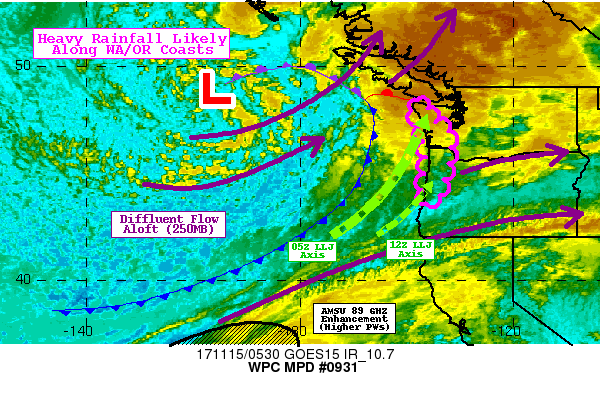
AREAS AFFECTED...COASTAL RANGES OF WASHINGTON AND OREGON

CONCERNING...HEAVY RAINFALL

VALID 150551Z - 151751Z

SUMMARY...AN ENHANCED JET OF SOUTHWESTERLY LOW-MID LEVEL FLOW WILL
BEGIN TO SLOWLY DROP SOUTH ALONG THE WASHINGTON AND OREGON
COASTLINES THIS MORNING. THIS SHOULD MAINTAIN A RIBBON OF MODERATE
TO OCCASIONALLY HEAVY RAINFALL OVER THE NEXT 6-12 HOURS WITH RAIN
RATES LIKELY TO REACH 0.5 IN/HR ALONG THE IMMEDIATE COAST AND
FAVORED UPSLOPE REGIONS...AND LOCALIZED MAX RATES AS HIGH AS 1
IN/HR POSSIBLE.

DISCUSSION...LANGLEY HILL (KLGX) RADAR ON THE WASHINGTON COAST
SHOWED A SUBSTANTIAL RIBBON OF PRECIPITATION PUSHING INTO THE
WASHINGTON COAST AS OF 05Z...WITH A PROMINENT CONVECTIVE BANDING
FEATURE FROM NEAR QUILLAYUTE WA...TO ABOUT 50MI WEST OF ASTORIA
OR. THE 00Z SOUNDING FROM QUILLAYUTE SHOWED A STRONG LOW-LEVEL JET
(61 KNOT WINDS OBSERVED AT 1KM AGL) WITH A SMALL AMOUNT OF
INSTABILITY (AROUND 100 J/KG MUCAPE). PRECIPITABLE WATER VALUES
WERE ABOVE NORMAL (0.73 IN)...AROUND THE 80TH PERCENTILE RELATIVE
TO THE STATION SOUNDING CLIMATOLOGY. THE CIRA BLENDED TPW PRODUCT
SHOWED HIGHER PWATS LURKING JUST OFFSHORE ON THE ORDER OF 0.8 TO
0.9 INCHES AND MODEL FORECASTS DO SHOW AN INCREASE IN PWATS ALONG
THE COAST OVER THE NEXT SEVERAL HOURS...PARTICULARLY IN SW
WASHINGTON AND NW OREGON. AN AMSU 89 GHZ PASS AROUND 23Z SHOWED A
LIKELY REGION OF HIGHER ATMOSPHERIC MOISTURE CONTENT WITH A
LEADING EDGE AROUND 38N/130W. ALTHOUGH THIS WILL MOSTLY BE THE
FOCUS FOR PRECIPITATION DOWN THE PACIFIC COAST LATER TODAY...THERE
ARE SOME INDICATIONS ON THE RAP MODEL THAT ACCELERATING FLOW
AROUND THE SOUTH SIDE OF THE TROUGH MAY BE ABLE TO TAP THIS DEEPER
MOISTURE AND ENHANCE PWATS TOWARD THE END OF THE DISCUSSION WINDOW
(14-18Z) ALONG THE OREGON COAST.

ALTHOUGH PWATS MAY INCREASE LATE IN THE PERIOD...LOW-LEVEL
MOISTURE TRANSPORT MAGNITUDES ARE EXPECTED TO WEAKEN SLIGHTLY
(PARTICULARLY AFTER 12Z). THIS MAY MITIGATE THE INCREASE IN
MOISTURE SOMEWHAT...AND KEEP THE HIGHEST RAIN RATES ALONG THE
WA/OR COASTLINES CONCENTRATED GENERALLY PRIOR TO 15Z. UNTIL THAT
TIME...THE SYNOPTIC SETUP FAVORS MAINTENANCE OF BANDS OF HEAVY
RAIN WITH STRONG LOW-LEVEL FLOW CONTINUING TO IMPINGE ON THE COAST
AND COASTAL RANGES...AND BROAD UPPER LEVEL DIFFLUENCE (EVIDENT IN
THE WEDGE-SHAPED APPEARANCE OF THE COLDER CLOUD TOPS ON GOES-15 IR
SATELLITE).

RAIN RATES OFFSHORE WERE GENERALLY PEAKING IN THE 0.2 TO 0.5 IN/HR
RANGE PER GLOBAL HYDRO-ESTIMATOR SATELLITE ESTIMATES AND
DISCUSSION WITH NESDIS SAB. THESE RATES COULD POTENTIALLY BE
DOUBLED IN THE MORE SUBSTANTIAL RAIN BANDS IMMEDIATELY ALONG THE
COAST AND IN FAVORED UPSLOPE REGIONS (W/SW FACING SLOPES IN THE
COASTAL RANGES). QUILLAYUTE WA OBSERVED AN HOURLY TOTAL AS HIGH AS
0.55 INCHES SO FAR...AND EVEN REPORTED 0.18 INCHES IN JUST 4
MINUTES (0223-0227Z). THEREFORE...VERY HEAVY RAIN RATES DO EXIST
IN SOME OF THE BANDS APPROACHING THE COAST...BUT GIVEN HOW NARROW
THEY ARE THOSE SORT OF RAIN RATES MAY NOT BE SUSTAINED FOR A
SIGNIFICANT LENGTH OF TIME. THE 00Z HREF PROBABILITY MATCHED MEAN
RAINFALL HAS PROVIDED A REASONABLE UPPER BOUND FOR OBSERVED RAIN
RATES THUS FAR...AND IT SHOWS RATES PEAKING AS HIGH AS 0.8 TO 1.0
IN/HR NEAR THE COAST AS FAR SOUTH AS NEWPORT OR THROUGH 13Z. RAIN
RATES THIS HIGH MAY PRODUCE SOME FLOODING...PARTICULARLY GIVEN
ANTECEDENT CONDITIONS SUGGESTED BY RAINFALL AROUND 150 PERCENT OF
NORMAL OVER THE PAST MONTH IN THE REGION...AND ELEVATED
NEAR-SURFACE SOIL MOISTURE LEVELS PER THE NATIONAL WATER MODEL.